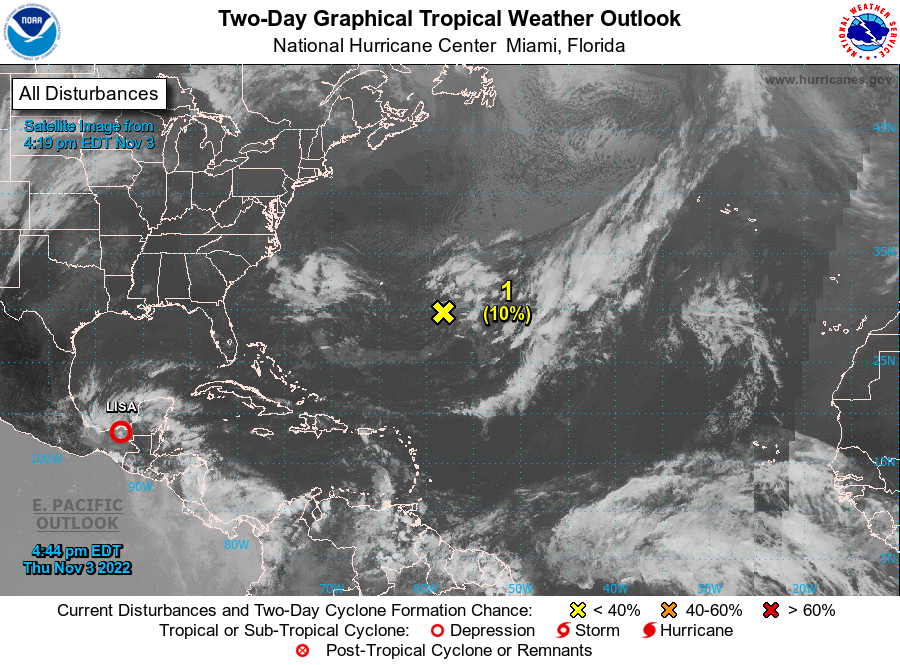
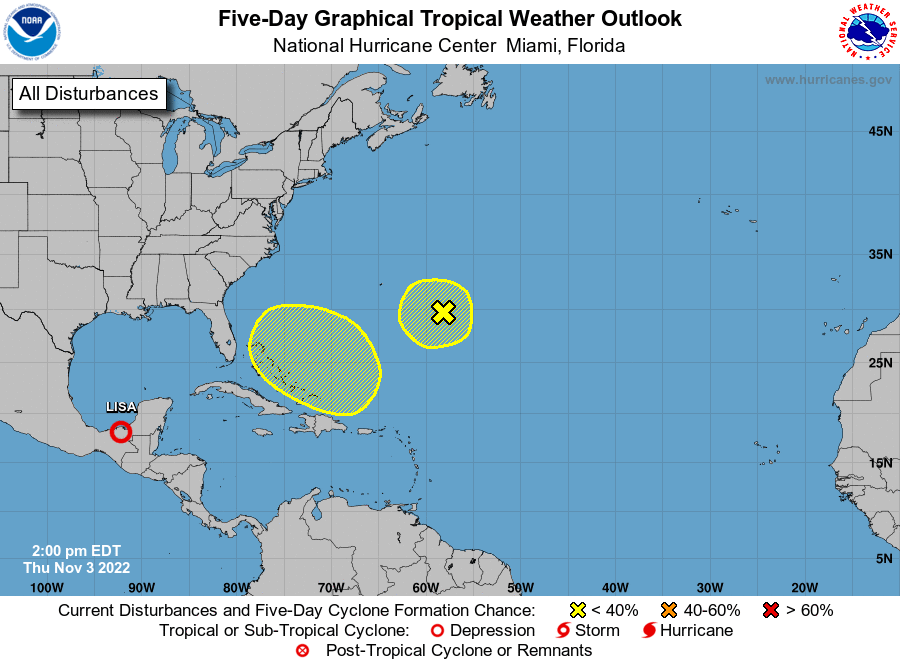
For the North Atlantic...Caribbean Sea and the Gulf of Mexico:

Active Systems: The National Hurricane Center is issuing advisories on Tropical Depression Lisa, located inland over southeastern Mexico, and on Hurricane Martin, located over the central North Atlantic.

1. East of Bermuda: A weak non-tropical area of low pressure located a few hundred miles east of Bermuda continues to produce a few disorganized showers and thunderstorms. Any tropical or subtropical development of this disturbance should be slow to occur during the next few days as it moves slowly southward today and then turns westward by the weekend. The system is forecast to merge with a larger low pressure area developing to its southwest by the end of the weekend and further development is not anticipated at that time.
* Formation chance through 48 hours...low...10 percent.
* Formation chance through 5 days...low...10 percent.

2. Southwestern Atlantic: A large non-tropical low pressure system is expected to develop this weekend across the northeastern Caribbean sea and southwestern Atlantic. The system is expected to initially be very broad and disorganized, but environmental conditions could support gradual subtropical or tropical development beginning early next week while it moves generally northwestward or westward over the southwestern Atlantic.
* Formation chance through 48 hours...low...near 0 percent.
* Formation chance through 5 days...low...30 percent.

Forecaster D. Zelinsky